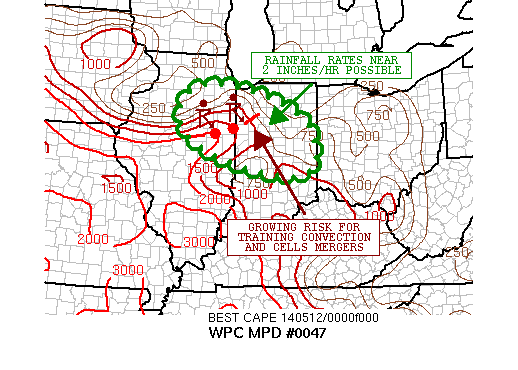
AREAS AFFECTED...EASTERN IL...CENTRAL IN

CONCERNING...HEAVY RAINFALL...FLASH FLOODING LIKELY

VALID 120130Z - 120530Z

SUMMARY...STRONG TO SEVERE THUNDERSTORMS WILL CONTINUE TO PRODUCE
VERY HEAVY RAINFALL. ADDITIONAL FLASH FLOODING CONCERNS ARE
EXPECTED FOR THE NEXT FEW HOURS

DISCUSSION...LATEST IR SAT IMAGERY SHOWS A VERY COLD-TOPPED MCS
ADVANCING ACROSS PORTIONS OF ERN IL AND N CNTRL IN. THE MOTION OF
THE BROADER CONVECTIVE CLUSTER IS GENERALLY ESE AT 10 TO 20
KTS...BUT THERE IS EVIDENCE OF THE SWRN FLANK OF THE CONVECTIVE
LINE SLOWING DOWN AND BEGINNING TO PARALLEL THE MEAN LYR FLOW
SOMEWHAT. MEANWHILE...OUT AHEAD OF THE MCS...THERE IS SOME
MULTI-CELLULAR CONVECTION LIFTING GENERALLY NWD.

OVER THE NEXT 2 TO 3 HOURS...THERE SHOULD BE SEVERAL CELL MERGERS
AND THERE IS A GROWING RISK OF CELL TRAINING GIVEN THE MCS
BECOMING MORE PARALLEL TO THE MEAN FLOW. PROPAGATION VECTORS
SHOULD REMAIN RATHER WEAK...AND A SUSTAINED SRLY TRANSPORT OF
MOIST/UNSTABLE AIR UP ACROSS CNTRL/SRN IL AND SRN IN...THE
CONVECTION SHOULD CONTINUE TO BE SUSTAINABLE.

LATEST HI-RES MODELS ARE NOT AT ALL HANDLING THIS CONVECTION
WELL...BUT WITH A FAVORABLE THERMODYNAMIC ENVIRONMENT AND
INCREASING STRONG WARM AIR ADVECTION AHEAD OF A DEEP TROUGH
EXITING THE ROCKIES...CONVECTION SHOULD PERSIST WELL INTO THE
NIGHT.

RAINFALL RATES OF UP TO 2 INCHES/HR ARE EXPECTED AND WITH CELL
MERGERS/TRAINING...LOCALLY VERY HVY RAINFALL TOTALS ARE
EXPECTED...AND THIS WILL ELEVATE THE RISK FOR FLASH FLOODING.